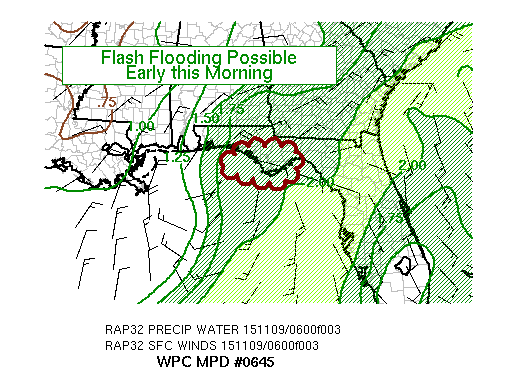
AREAS AFFECTED...FLORIDA PANHANDLE

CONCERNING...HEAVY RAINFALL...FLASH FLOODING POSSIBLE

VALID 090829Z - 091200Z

SUMMARY...A SHORT TERM LOCALIZED FLASH FLOOD THREAT MAY BE
DEVELOPING ACROSS PORTIONS OF THE FLORIDA PANHANDLE AS AN AREA OF
LOW PRESSURE NUDGES TOWARDS THE COAST.

DISCUSSION...LATEST SURFACE OBS CONTINUE TO SHOW NORTHEASTERLY
WINDS ALONG THE COAST SUGGESTING THE FRONT REMAINS OFFSHORE.
HOWEVER VAD WIND PROFILES SHOW A STRONGLY VEERING LOW LEVEL
FLOW...AND RECENT RAP RUNS SHOW INCREASING BOUNDARY LAYER
CONVERGENCE ACROSS THE FLORIDA PANHANDLE COAST.

ONE HEAVY RAINFALL BAND HAS BEEN NEARLY STATIONARY FROM NEAR
PANAMA CITY TO WEWAHITCHKA TO NEAR SMITH CREEK...LIKELY ANCHORED
IN AN AREA OF ENHANCED CONVERGENCE ON A BOUNDARY JUST ELEVATED
ABOVE THE SURFACE. OBSERVATIONS AND DUAL POL RADAR ESTIMATES
SUGGEST RAINFALL IN PORTIONS OF THIS BAND ARE APPROACHING 2" AN
HOUR. MEANWHILE A CLUSTER OF EMBEDDED THUNDERSTORMS IS BEGINNING
TO MOVE ONSHORE OFF THE GULF OF MEXICO...WITH RAINFALL RATES UP TO
AROUND 1.5" AN HOUR WITH THIS ACTIVITY.

MOST OF THE INSTABILITY REMAINS OFFSHORE SOUTH OF THE SURFACE
BOUNDARY. HOWEVER LIKELY SEEING A MARGINAL AMOUNT OF ELEVATED
INSTABILITY JUST INLAND HELPING TO SUPPORT THESE HIGHER RATES. NOT
SEEING MANY SIGNS THAT SUGGESTS THIS INSTABILITY IS ABLE TO MOVE
FURTHER INLAND...THUS THINKING THE HEAVY RAINFALL RATES WILL MOST
LIKELY NOT MOVE MUCH FURTHER NORTH THAN WHERE THEY CURRENTLY ARE.
THE CONTINUED INFLOW UP AND OVER STATIONARY BOUNDARY SHOULD ALLOW
FOR CONTINUED POCKETS OF HEAVY RAINFALL.

PRECIPITABLE WATER VALUES AND WET BULB ZERO HEIGHTS ARE NEAR
RECORD LEVELS FOR NOVEMBER...SUGGESTING EFFICIENT RAINFALL WILL
CONTINUE WHERE INSTABILITY IS REALIZED. MODEL FORECASTS SHOW THE
BETTER INFLOW BEGINS TO WEAKEN AS WE APPROACH 12Z...SUGGESTING WE
SHOULD SEE A WEAKENING OF ACTIVITY. NONE OF THE HIGH RES GUIDANCE
ARE REALLY DOING A GOOD JOB WITH THIS ACTIVITY. THE 0Z GEM
REGIONAL LOOKS BEST...JUST DISPLACED A BIT WEST. CURRENTLY
THINKING RAINFALL TOTALS OF 1-4" WILL BE POSSIBLE IN THE CIRCLED
REGION...WHICH MAY POSE A MARGINAL FLASH FLOOD RISK...ESPECIALLY
IN ANY MORE URBAN AREAS.